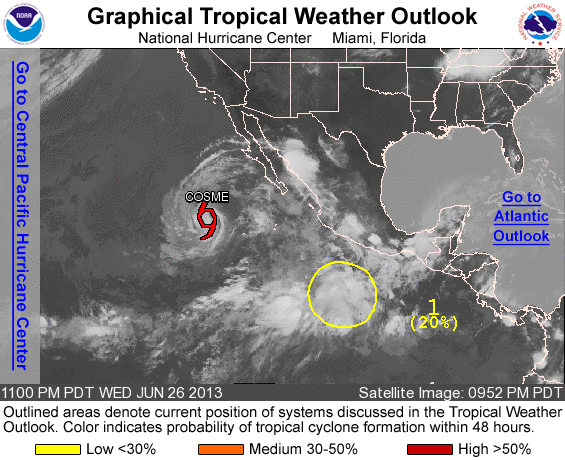
FOR THE EASTERN NORTH PACIFIC...EAST OF 140 DEGREES WEST LONGITUDE..

THE NATIONAL HURRICANE CENTER IS ISSUING ADVISORIES ON TROPICAL STORM COSME...LOCATED SEVERAL HUNDRED MILES WEST-SOUTHWEST OF THE SOUTHERN TIP OF THE BAJA CALIFORNIA PENINSULA.

1. AN AREA OF DISTURBED WEATHER LOCATED SEVERAL HUNDRED MILES SOUTH-SOUTHWEST OF ACAPULCO MEXICO CONTINUES TO PRODUCE DISORGANIZED SHOWERS AND THUNDERSTORMS. UPPER-LEVEL WINDS ARE EXPECTED TO BECOME MORE CONDUCIVE FOR SOME DEVELOPMENT IN A DAY OR SO. THIS SYSTEM HAS A LOW CHANCE...20 PERCENT...OF BECOMING A TROPICAL CYCLONE DURING THE NEXT 48 HOURS AS IT MOVES SLOWLY WEST-NORTHWESTWARD.

ELSEWHERE...TROPICAL CYCLONE FORMATION IS NOT EXPECTED DURING THE NEXT 48 HOURS.

FORECASTER BLAKE